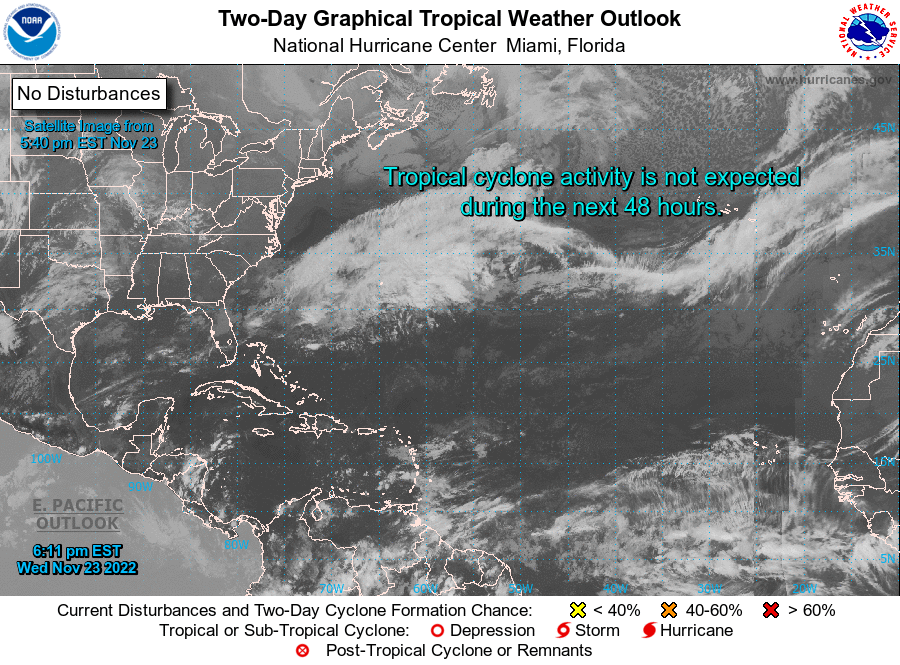
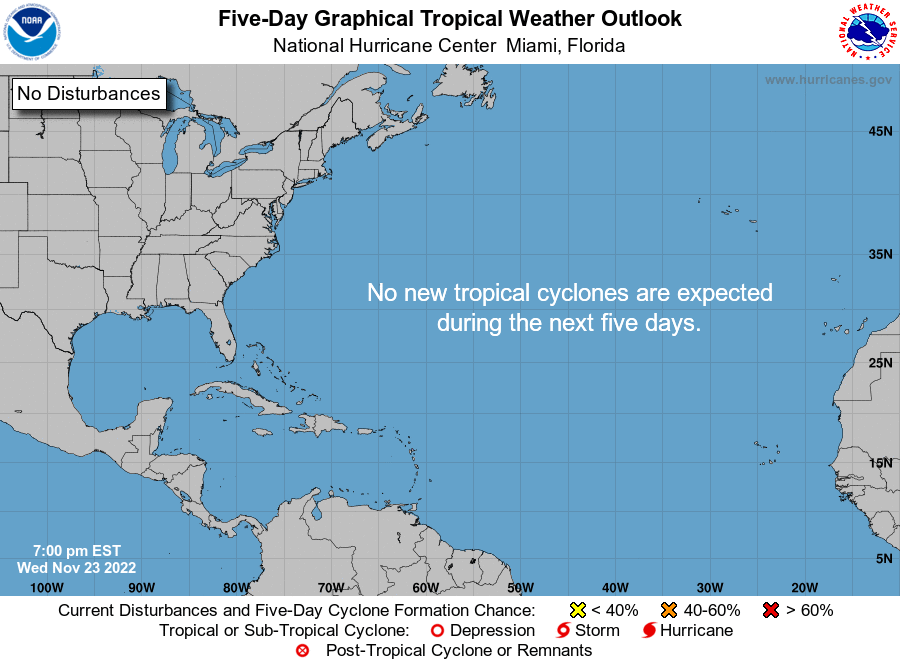
For the North Atlantic...Caribbean Sea and the Gulf of Mexico:

Tropical cyclone formation is not expected during the next 5 days.

Forecaster Reinhart